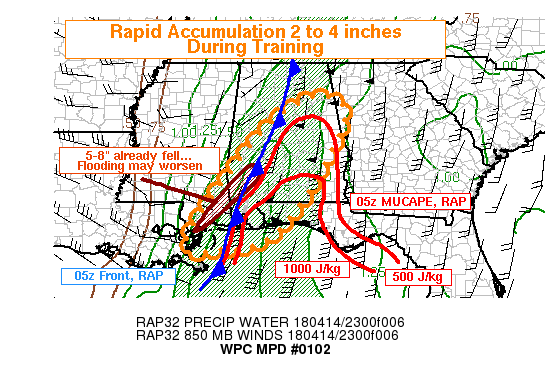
AREAS AFFECTED...AL...SRN MS...FAR ERN LA...FAR WRN GA AND FL

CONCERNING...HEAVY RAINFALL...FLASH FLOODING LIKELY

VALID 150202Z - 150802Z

SUMMARY...INTENSE RAIN RATES WILL SLOWLY MOVE INTO SOUTHERN AND
EASTERN ALABAMA AND ADJACENT FL/GA. LOCALLY RAPID ACCUMULATIONS OF
2 TO 4 INCHES MAY LEAD TO FLASH FLOODING. MEANWHILE ONGOING FLASH
FLOODING IN SOUTHWEST AL / SOUTHERN MS MAY WORSEN AS MODERATE RAIN
AND ASSOCIATED STREAM RESPONSE CONTINUES.

DISCUSSION...AT 0145Z A LINEAR MCS EXTENDED FROM MOBILE BAY TO THE
SOUTHEAST SIDE OF BIRMINGHAM. EARLIER THIS LINE WAS VERY SLOW
MOVING...PRODUCING A SWATH OF OBSERVED 4 TO 6 INCH RAINFALL AND
RADAR ESTIMATED SWATHS OF 8-PLUS INCHES FROM NEAR GULFPORT MS TO
SOUTHWEST AL. CONTINUED RESPONSE AT THE GROUND LEVEL...ALONG WITH
NIGHTFALL MAKING THE DANGERS DIFFICULT TO RECOGNIZE...WILL LIKELY
MAINTAIN A FLASH FLOOD RISK AS MODERATE RAIN AND OCCASIONAL
HEAVIER DOWNPOURS CONTINUE OVERNIGHT.

THE REGION OF GREATEST TRAINING HAD SHIFTED TOWARD BIRMINGHAM AND
ITS SOUTHERN SUBURBS. INSTABILITY WAS SOMEWHAT LESS HERE COMPARED
TO THE COAST...BUT ACCUMULATIONS OF AT LEAST 1.50 INCHES PER HOUR
WERE INDICATED IN DUAL-POL ESTIMATES FROM KBMX. COMPETING
INFLUENCES MAKE THE POSSIBILITY OF NEW FLASH FLOODING NEAR AND
EAST OF BIRMINGHAM SOMEWHAT UNCERTAIN. DRIER MID LEVEL AIR PER
KLCH SOUNDING...COMING AROUND THE BOTTOM OF THE SYNOPTIC TROUGH /
DEVELOPING NEGATIVE TILT...SHOULD FAVOR BETTER PROGRESSION PER
COLD OUTFLOW. INCREASED WARM-SECTOR NOCTURNAL LOW LEVEL
INFLOW...HOWEVER...IS FORECAST TO CAUSE CORFIDI VECTORS TO VEER TO
MORE SOUTHERLY...BECOMING ALIGNED ENTIRELY WITH THE MEAN DEEP
LAYER FLOW. THIS SUGGESTS POTENTIAL FOR PORTIONS OF THE LINE TO
HANG UP AT TIMES...LEADING TO ISOLATED NEW RAIN TOTALS GREATER
THAN 4 INCHES...LIKELY EXCEEDING 3-HOUR FFG IN A FEW AREAS THROUGH
08Z.

THE HRRR HAS HANDLED THE EVENT DECENTLY AS TO PLACEMENT OF THE
HEAVIEST RAIN...THOUGH THE SOMEWHAT IDEAL THERMODYNAMIC
ENVIRONMENT AND WIND PROFILES HAVE LED ALL THE HI-RES MODELS TO
UNDERESTIMATE THE MAGNITUDE OF RAINFALL.